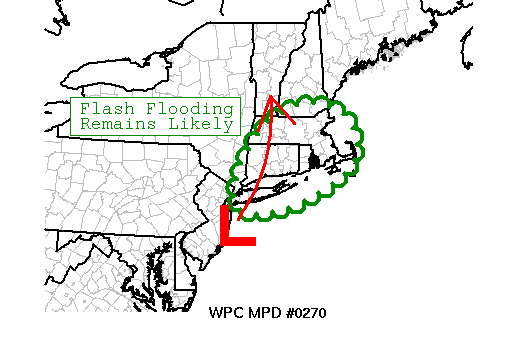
AREAS AFFECTED......SOUTHERN NEW ENGLAND...

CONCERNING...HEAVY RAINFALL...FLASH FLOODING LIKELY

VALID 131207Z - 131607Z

SUMMARY...TORRENTIAL RAIN HAS ENTERED A WEAKENING PHASE...WITH
REORGANIZATION AND SOME RE-INTENSIFICATION EXPECTED BY LATE
MORNING AND AFTERNOON.

DISCUSSION...EXTREME RAINFALL RATES EXCEEDING 4 TO 5 INCHES PER
HOUR IN SOME LOCATIONS ACROSS CENTRAL LONG ISLAND AND SOUTHERN
CONNECTICUT HAVE BEGUN TO WANE IN RESPONSE TO INITIAL DEVELOPMENT
OF THE BOUNDARY LAYER WHICH IS COUPLING THE LOW LEVEL JET AND
CAUSING IT WEAKEN.  MEANWHILE...WATER VAPOR AND INFRARED SATELLITE
SHOW SLIGHTLY DRIER AIR ENTRAINING INTO THE ONCE QUASI-STEADY LINE
OF TORRENTIAL RAIN WHOSE BALANCE HAS NOW BEEN DISRUPTED CAUSING
THE RAIN RATES TO LOWER.

HI-RES AND GLOBAL GUIDANCE ARE UNANIMOUS IN ALLOWING THE LOW NEAR
NYC TO LIFT NORTHWARD INTO SOUTHERN NEW ENGLAND THROUGH 18Z WHICH
FAVORS A GRADUAL SHIFT IN THE MOST FAVORABLE CONDITIONS FOR HEAVY
RAINFALL INTO PORTIONS OF CONNECTICUT...ROAD ISLAND...AND
MASSACHUSETTS...WITH THE DEFORMATION ZONE OR INVERTED TROUGH
IMMEDIATELY NORTH OF THE LOW CONSIDERED THE MOSTLY FAVORABLE ZONE.
 GIVEN THE VERY MOIST CONDITIONS...RAIN RATES OF 1 TO 2 INCHES PER
HOUR MAY RESUME OR DEVELOP DEVELOP ELSEWHERE ACROSS PORTIONS OF
SOUTHERN NEW ENGLAND BY LATE MORNING AND AFTERNOON.
FINALLY...SCATTERED CONVECTION IS EXPECTED TO FORM ALONG A SLOW
MOVING COLD FRONT ENTERING FROM THE WEST THIS AFTERNOON...ALTHOUGH
RAIN WITH THIS SYSTEM WILL BE LESS AND SHORTER.